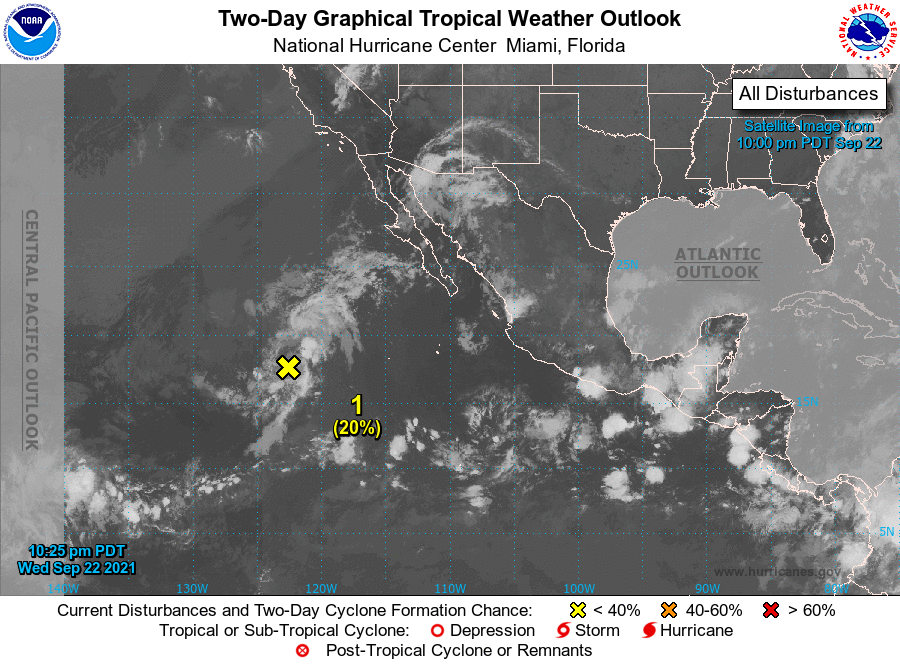
For the eastern North Pacific...east of 140 degrees west longitude:

1. A broad and elongated area of low pressure located several hundred miles west-southwest of the southern tip of the Baja California peninsula continues to produce disorganized showers and thunderstorms. Development of this system during the next day or so, if any, is likely to be slow. After that time, this system is forecast to move over cool waters and into an environment of stable air and strong upper-level winds, which should inhibit further development.
* Formation chance through 48 hours...low...20 percent.
* Formation chance through 5 days...low...20 percent.

Forecaster Cangialosi